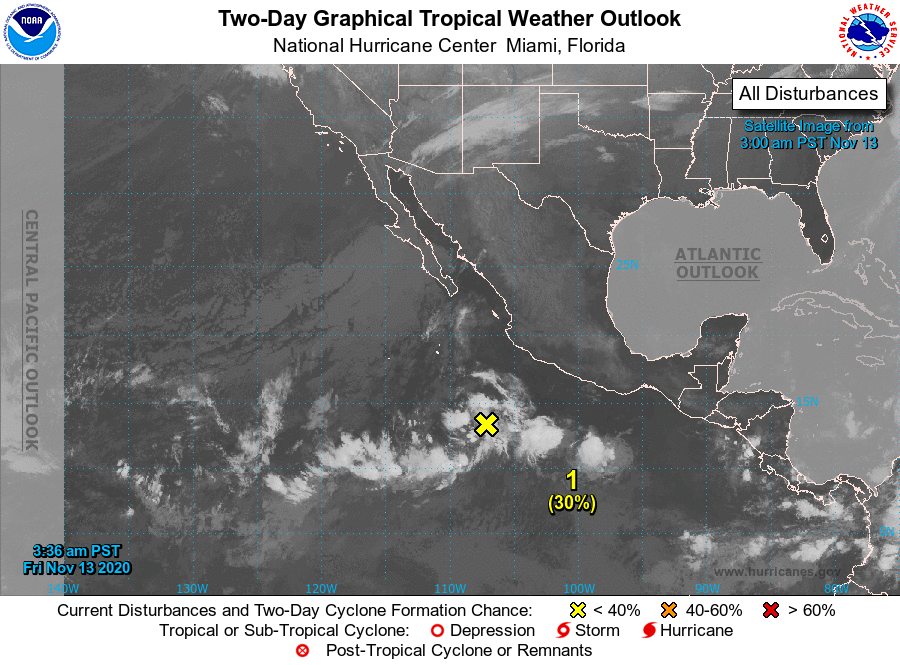
For the eastern North Pacific...east of 140 degrees west longitude:

1. An area of low pressure located several hundred miles southwest of the coast of Mexico is producing disorganized showers and thunderstorms. Environmental conditions are forecast to be conducive for some gradual development, and a tropical depression could form during the early-to-middle portion of next week as the system moves slowly toward the west-northwest away from the coast of Mexico.
* Formation chance through 48 hours...low...30 percent.
* Formation chance through 5 days...medium...60 percent.

Forecaster Brown